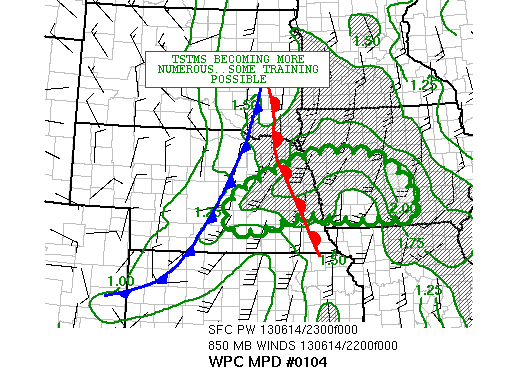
AREAS AFFECTED...EASTERN NEB...WESTERN IA

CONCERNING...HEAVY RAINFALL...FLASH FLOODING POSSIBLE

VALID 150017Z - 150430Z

SUMMARY...THERE WILL BE AN INCREASING THREAT OF FLASH FLOODING
OVER PARTS OF EASTERN NEB AND WESTERN IA.

DISCUSSION...THE THREAT OF FLASH FLOODING WILL BE INCREASING
THROUGH THE EVENING OVER PORTIONS OF NEB AS CELLS MOVE TO THE
NORTHEAST ALONG A SOUTHWEST TO NORTHEAST LINE.  THIS WAS ALONG AND
AHEAD OF A COLD FRONT MAKING ITS WAY ACROSS THE AREA.  THE STORMS
WILL BE ENCOUNTERING DEEPER MOISTURE WHICH SHOULD INCREASE THE
RAINFALL EFFICENCY AND THE RISK OF HEAVY RAIN OVER EXTREME EASTERN
NEB AND WESTERN IA.  THE APPROACH OF A LOW LEVEL JET WITH SPEEDS
AROUND 35 KTS WILL ENHANCE THE LOW LEVEL LIFT NORTH OF THE WARM
FRONT IN ADDITION TO DRAWING IN MORE MOISTURE.  PARTS OF WESTERN
IA ALREADY RECEIVED MODERATE TO LOCALLY HEAVY RAINFALL THIS
AFTERNOON AND EVENING WHICH HAS RESULTED IN AREAS OF LOWERED FLASH
FLOOD GUIDANCE.

RAINFALL RATES APPROACHING 2 INCHES PER HOUR ARE POSSIBLE.
LOCALIZED STORM TOTAL AMOUNTS OF 3 INCHES ARE POSSIBLE.